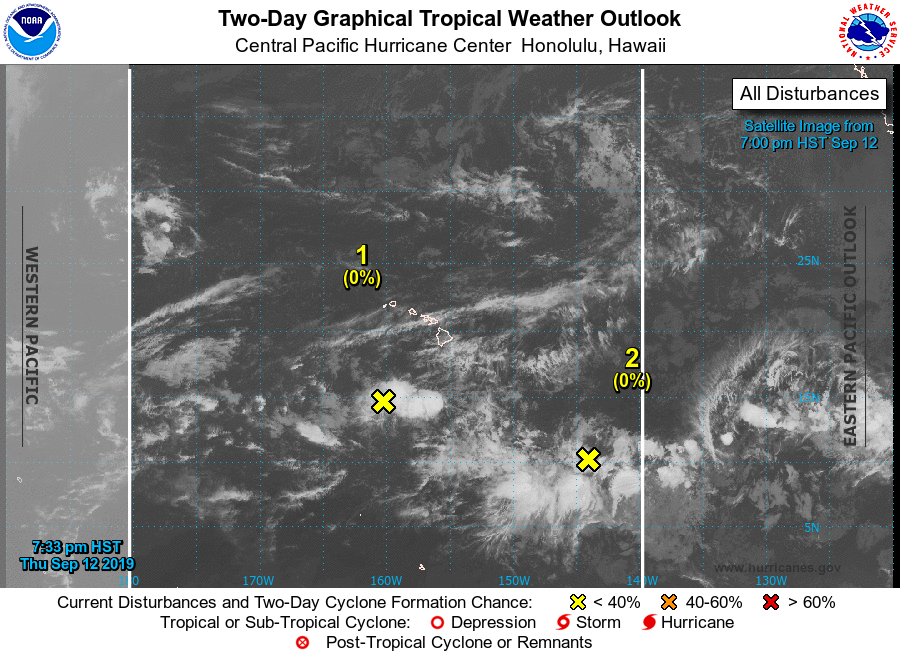
For the central North Pacific...between 140W and 180W:

1. Disorganized showers and thunderstorms centered about 500 miles south-southwest of Honolulu, Hawaii are associated with an area of low pressure. Some slow development of this disturbance is possible during the next several days while the system moves slowly northwestward.
* Formation chance through 48 hours...low...near 0 percent.
* Formation chance through 5 days...low...20 percent.

2. An area of low pressure is located around 1000 miles southeast of the Big Island of Hawaii. Some slow development of this disturbance is possible during the next several days while the system moves slowly west-northwestward.
* Formation chance through 48 hours...low...near 0 percent.
* Formation chance through 5 days...low...20 percent.

Elsewhere, no tropical cyclones are expected during the next 5 days.

Forecaster Gibbs